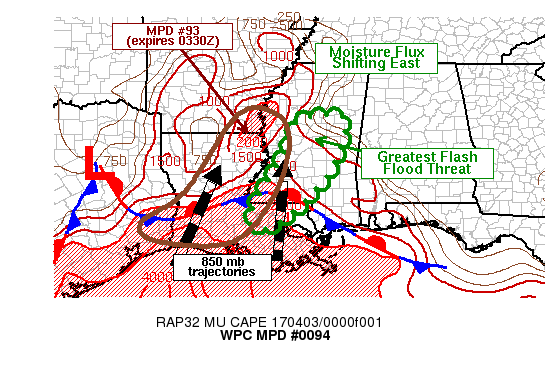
AREAS AFFECTED...WRN/CNTRL MS INTO FAR ERN LA

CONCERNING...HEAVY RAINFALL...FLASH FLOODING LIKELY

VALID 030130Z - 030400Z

SUMMARY...THE THREAT FOR FLASH FLOODING WILL SLOWLY SHIFT EAST
INTO WRN/CNTRL MS AND PERHAPS PORTIONS OF FAR ERN LA OVER THE NEXT
3 HOURS.

DISCUSSION...REGIONAL RADAR IMAGERY AT 01Z SHOWED A SLOW
MOVING...SW TO NE AXIS OF HEAVY RAIN WITH RATES OF 2-3 IN/HR FROM
THE SRN TX/LA BORDER INTO ERN LA AND FAR WRN MS. 00Z RAOB DATA
FROM LCH AND LIX INDICATED STEEP 700-500 LAPSE RATES OF 7.7 AND
7.9 C/KM ALONG WITH CAPE OF 2500-3000 J/KG. THE HEAVY RAIN AXIS IN
LA IS CO-LOCATED WITH AN AREA OF STRONG 850 MB CONVERGENCE AND
40-50 KT OF FLOW FROM THE SOUTH. STRONG ISENTROPIC LIFT WILL
GRADUALLY SHIFT EAST OVER THE NEXT COUPLE OF HOURS AS A CLOSED LOW
OVER W-CNTRL TX CONTINUES MOVING EAST. THE EASTWARD SHIFT OF THE
CLOSED LOW IS REFLECTED IN VEERING OF THE 850 MB VAD WINDS FROM
IAH/HOU OVER THE PAST HOUR OR TWO.

THE SWRN PORTION OF THE ONGOING AXIS OF HEAVY RAIN OVER THE SRN
TX/LA BORDER WILL BEGIN SLIDING EAST WHICH WILL PIVOT THE AXIS
INTO A MORE SSW-NNE ORIENTATION. THE ENTIRE AREA OF HEAVY RAIN
WILL MOVE EAST WITH CONTINUED INSTABILITY FROM THE SOUTH FEEDING
CONTINUED RAINFALL RATES OF 2-3 IN/HR ALONG WITH TRAINING FOR
CNTRL/WRN MS DOWN INTO ERN LA...NORTH OF LAKE PONTCHARTRAIN. WHILE
THE GREATEST CONFIDENCE IS ACROSS CNTRL MS...ADDITIONAL RAINFALL
DEVELOPING ACROSS SERN LA IS EXPECTED TO MAINTAIN ITSELF AS IT
MOVES INTO SWRN MS POSING A THREAT FOR FLASH FLOODING NEAR THE SRN
MS/LA BORDER.